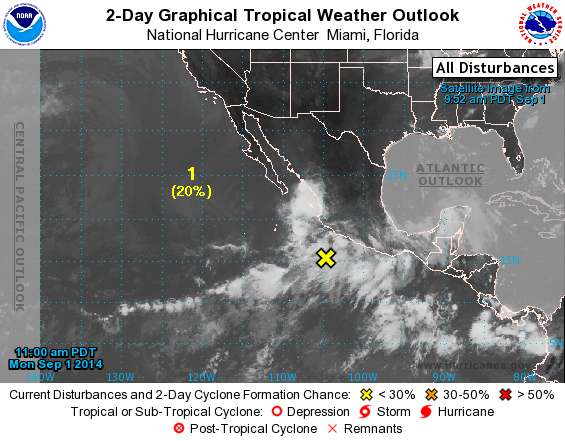
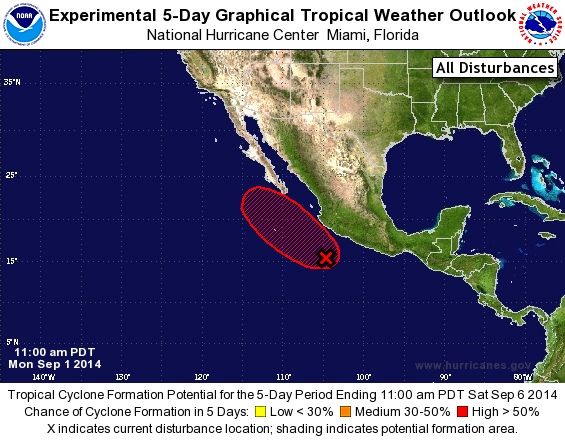
For the eastern North Pacific...east of 140 degrees west longitude:

1. A trough of low pressure extending several hundred miles west- southwestward from near the southwestern coast of Mexico continues to produce a large area of disorganized showers and thunderstorms. Environmental conditions are expected to be conducive for gradual development of this system, and a tropical depression could form by late this week while the disturbance moves slowly northward and then northwestward. Regardless of development, locally heavy rains are expected over portions of southwestern Mexico later this week which could cause life-threatening flash floods and mud slides.
* Formation chance through 48 hours...low...20 percent.
* Formation chance through 5 days...high...80 percent.

Forecaster Kimberlain